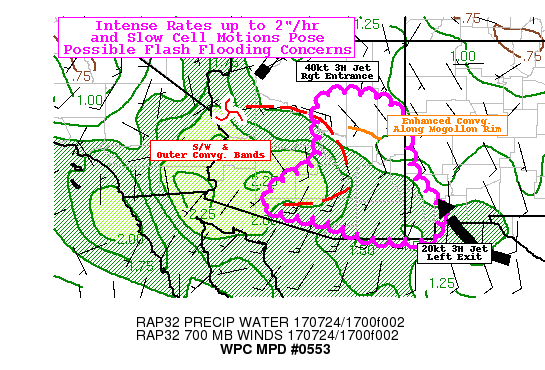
AREAS AFFECTED...EASTERN & SOUTHERN AZ...SOUTHWEST NM

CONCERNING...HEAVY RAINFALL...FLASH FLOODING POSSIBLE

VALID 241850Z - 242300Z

SUMMARY...DAYTIME HEATING AND HIGH MOISTURE AVAILABILITY LEADING
TO CONVECTIVE DEVELOPMENT THAT POSES A FLASH FLOOD THREAT DUE TO
HIGH RAINFALL RATES UP TO 2"/HR

DISCUSSION...MAIN MCV/SHORTWAVE CONTINUES TO SLIDE NORTH-NORTHWEST
OUT OF W AZ TOWARD THE COLORADO RIVER VALLEY BETWEEN E CA/S
NV...ONGOING CONVECTION ACROSS THE CENTRAL AZ VALLEY ALONG THE
CONVERGENCE BANDS ALLOWED FOR MILD SUPPRESSION ACROSS EASTERN AND
SOUTHEASTERN AZ ALLOWING FOR EARLY MORNING HEATING TO INCREASE
INSTABILITY IN EXCESS OF 1000 J/KG.  THOUGH FLOW IS GENERALLY
WEAKER THAN EARLY MORNING 7H ENHANCED SOUTHEASTERLY JET THERE
STILL REMAINS SUFFICIENT 10-15KT FLOW THAT IS REMAINS GENERALLY
CONVERGENT PARTICULARLY ALONG THE EASTERN QUADRANT BAND OF THE
WAVE ITSELF.  THIS CONVERGENCE IS MANIFESTING IN CONVECTION
LIFTING NORTHEAST ACROSS GILA COUNTY LIKELY TO MELD/MERGE WITH
OROGRAPHICALLY ENHANCED CONVECTION ALONG ALONG THE EASTERN SIDE OF
THE MOGOLLON RIM.

THE WEAKER FLOW/CONVERGENCE ALLOWS FOR CONVECTION TO BECOME
OUTFLOW DOMINANT BUT NOT BEFORE OVERTURNING AND TAKING AVAILABLE
MOISTURE TOWARD VERY INTENSE RAIN RATES.  12Z SOUNDINGS OUT OF
FGZ, PHX AND TUS ALSO SUGGEST VERY LITTLE SUB-CLOUD
EVAPORATION...AND AS SUCH AVAILABLE TPWS THAT ARE NEAR RECORD
VALUES (1.25-1.4" ON THE HIGH PLATEAU AND AOA 2" ACROSS SE AZ)
SHOULD SUPPORT SIMILAR RATES AND POTENTIAL SIMILAR HOURLY TOTALS.
AS SUCH THERE IS A GOOD POTENTIAL FOR FLASH FLOODING PARTICULARLY
IN COMPLEX TERRAIN NEAR/BELOW THE MOGOLLON RIM AS WELL AS THE
MOUNTAIN RANGES OF S & SE AZ AND SW NM.

ALSO HAVE INCLUDED AREAS OF THE SOUTHERN/SOUTHEASTERN VALLEY FOR
CELLS MOVING SLOWLY NORTHWARD OUT OF PIMA COUNTY AS ANY ADDITIONAL
RAIN IS LIKELY TO EXACERBATE ONGOING FLOODING CONCERNS IN THAT
AREA.